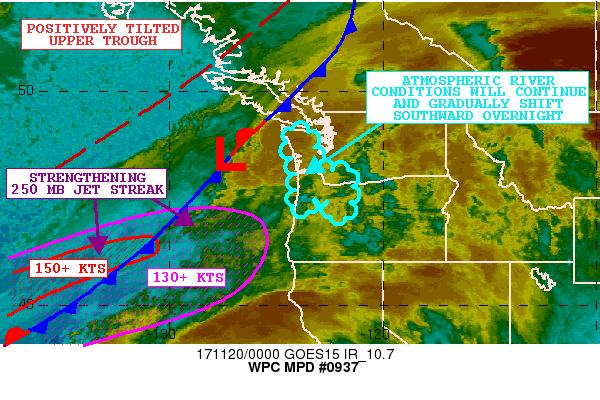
AREAS AFFECTED...WESTERN WA TO NORTHWEST OR

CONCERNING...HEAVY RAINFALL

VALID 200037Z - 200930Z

SUMMARY...HEAVY RAINS OVER THE OLYMPIC PENINSULA TO SHIFT SOUTH
AND INTENSIFY OVER SOUTHWEST WA AND NORTHWEST OR OVERNIGHT AS
ROBUST ATMOSPHERIC RIVER CONDITIONS ARRIVE.

DISCUSSION...THE LATEST GOES-W IR SATELLITE IMAGERY IS SHOWING AN
AREA OF COOLING CLOUD TOPS OFFSHORE THE PACIFIC NORTHWEST IN
ASSOCIATION WITH A DEVELOPING WAVE OF LOW PRESSURE ALONG A COLD
FRONT THAT IS BEING FACILITATED BY THE APPROACH OF A
POSITIVELY-TILTED UPPER TROUGH AND ESPECIALLY THE ARRIVAL OF A
STRENGTHENING 130+ KT 250 MB JET STREAK. MEANWHILE...A SOUTHWEST
LOW LEVEL JET OF 50 KTS ALONG AND JUST AHEAD OF THE COLD FRONT IS
FOSTERING ENHANCED MOISTURE TRANSPORT AHEAD OF THE FRONT...WITH A
NOSE OF 1.1 TO 1.2 INCH PWATS FOCUSED NOW JUST OFFSHORE THE
SOUTHWEST WA AND WESTERN OR COASTLINE.

OVER THE NEXT SEVERAL HOURS...ROBUST ATMOSPHERIC RIVER CONDITIONS
ARE EXPECTED TO OVERSPREAD MUCH OF WESTERN WA...INCLUDING THE
SOUTHWEST FACING SLOPES OF THE OLYMPICS...AND THEN OVERNIGHT
BECOMING PARTICULARLY FOCUSED OVER SOUTHWEST WA AND NORTHWEST
OR...INCLUDING NOT ONLY THE COASTAL RANGES BUT ALSO THE WEST
FACING SLOPES OF THE SOUTHERN WA AND NORTHERN OR CASCADES.

RAINFALL RATES THUS FAR OVER WESTERN WA HAVE BEEN GENERALLY AROUND
0.25 TO 0.35 INCHES/HR...HOWEVER...THIS IS EXPECTED TO CHANGE THIS
EVENING. THE 850/700 MB MOISTURE FLUX ANOMALIES ARE FORECAST TO
INCREASE TO OVER 4 STANDARD DEVIATIONS ABOVE NORMAL THROUGH
06Z...AND THIS WILL BE AIDED IN PART BY THE AFOREMENTIONED LOW
LEVEL JET INCREASING TO 60 TO 70 KTS OUT OF THE SOUTHWEST AS PER
THE LATEST RAP GUIDANCE. A 21Z CIRA-LPW PASS SHOWED CONCENTRATED
MOISTURE OFFSHORE IN THE 500/700 MB LAYER THAT WILL BE JUXTAPOSED
WITH ENHANCED LARGER SCALE FORCING ASSOCIATED WITH LEFT-EXIT
REGION JET DYNAMICS...ENHANCED UPSLOPE FLOW AND SURFACE FRONTAL
CONVERGENCE. THUS...EXPECT RAINFALL RATES TO INCREASE...AND LIKELY
REACH AS HIGH AS 0.50 TO 0.60 INCHES/HR AT TIMES THROUGH 06Z AS
THE HEAVIEST RAIN AXIS GRADUALLY SHIFTS FROM WESTERN WA SOUTH DOWN
INTO NORTHWEST OR WITH THE COLD FRONT.

SOME RUNOFF PROBLEMS CANNOT BE RULED OUT GIVEN THE HEAVIER
RAINFALL RATES...AND ACTUALLY THE 18Z HREF MEAN GUIDANCE SHOWS
ELEVATED PROBABILITIES OF SEEING 3+ INCHES OF RAIN THROUGH 09Z FOR
THE FAVORED UPSLOPE AREAS OF SOUTHWEST WA AND NORTHWEST OR. WILL
CONTINUE TO MONITOR.